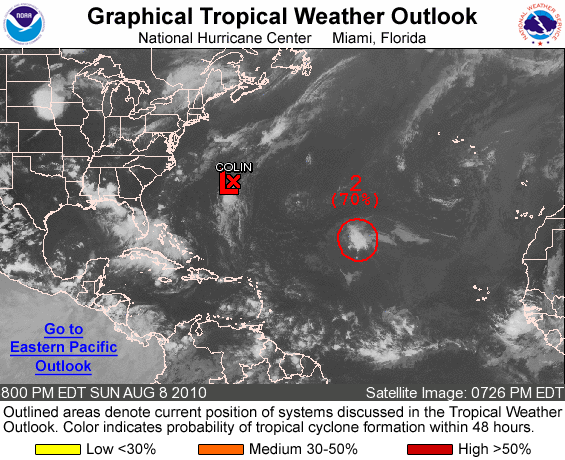
FOR THE NORTH ATLANTIC...CARIBBEAN SEA AND THE GULF OF MEXICO...

1. THE REMNANT OF TROPICAL DEPRESSION COLIN IS A WEAK LOW PRESSURE TROUGH JUST TO THE NORTHWEST OF BERMUDA. REGENERATION OF THIS DISTURBANCE IS NOT EXPECTED AND THERE IS A LOW CHANCE...NEAR 0 PERCENT...OF THIS SYSTEM BECOMING A TROPICAL CYCLONE DURING THE NEXT 48 HOURS AS IT MOVES NORTHWARD AND NORTHEASTWARD.

2. A LOW PRESSURE AREA LOCATED ABOUT 1100 MILES EAST-NORTHEAST OF THE LEEWARD ISLANDS REMAINS FAIRLY WELL-DEFINED BUT THE ASSOCIATED THUNDERSTORM ACTIVITY REMAINS LIMITED AND DISORGANIZED. UPPER-LEVEL WINDS ARE EXPECTED TO BECOME MORE FAVORABLE FOR A TROPICAL DEPRESSION TO FORM DURING THE NEXT COUPLE OF DAYS AS THE LOW MOVES OVER WARMER WATER. THERE IS A HIGH CHANCE...70 PERCENT...OF THIS SYSTEM BECOMING A TROPICAL CYCLONE DURING THE NEXT 48 HOURS AS IT MOVES GENERALLY TOWARD THE WEST-NORTHWEST AT 10 TO 15 MPH.

3. A WEAK LOW PRESSURE AREA CENTERED ABOUT 150 MILES EAST OF SAINT AUGUSTINE FLORIDA IS PRODUCING DISORGANIZED SHOWERS AND THUNDERSTORMS OVER THE FLORIDA PENINSULA AND ADJACENT WATERS. STRONG UPPER-LEVEL WINDS AND THE PROXIMITY TO LAND ARE EXPECTED TO INHIBIT SIGNIFICANT DEVELOPMENT OF THIS SYSTEM AS IT MOVES TOWARD THE WEST-SOUTHWEST AT 5 TO 10 MPH OVER THE NEXT DAY OR TWO. THERE IS A LOW CHANCE...10 PERCENT...OF THIS SYSTEM BECOMING A TROPICAL CYCLONE DURING THE NEXT 48 HOURS...THOUGH CONDITIONS COULD BECOME MORE FAVORABLE FOR DEVELOPMENT AFTER THAT TIME.

ELSEWHERE...TROPICAL CYCLONE FORMATION IS NOT EXPECTED DURING THE NEXT 48 HOURS.

FORECASTER PASCH/KIMBERLAIN